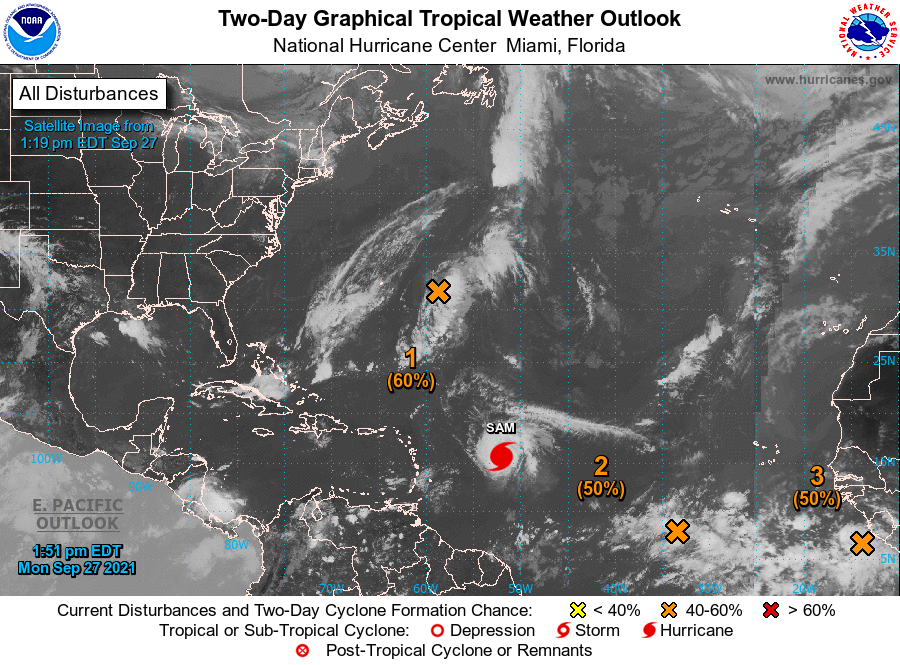
For the North Atlantic...Caribbean Sea and the Gulf of Mexico:

The National Hurricane Center is issuing advisories on Hurricane Sam, located several hundred miles east of the Lesser Antilles.

1. The area of low pressure associated with the remnants of Peter has become better defined today, and the shower and thunderstorm activity has become a little better organized. Any further increase in organization could result in the formation of a short-lived tropical depression, while it moves northeastward at about 10 mph. By Wednesday, environmental conditions are expected to become unfavorable for further development.
* Formation chance through 48 hours...medium...60 percent.
* Formation chance through 5 days...medium...60 percent.

2. A broad area of low pressure located several hundred miles southwest of the Cabo Verde Islands is producing disorganized showers and thunderstorms. Environmental conditions are conducive for further development of this disturbance, and a tropical depression is likely to form in a few of days while it moves westward to west-northwestward at 5 to 10 mph over the central tropical Atlantic.
* Formation chance through 48 hours...medium...50 percent.
* Formation chance through 5 days...high...80 percent.

3. A tropical wave located just offshore the west coast of Africa is producing a large area of disorganized showers and thunderstorms. Upper-level winds are conducive for gradual development, and a tropical depression is likely to form in a few days while the system moves westward to west-northwestward at 10 to 15 mph over the far eastern tropical Atlantic.
* Formation chance through 48 hours...medium...50 percent.
* Formation chance through 5 days...high...80 percent.

Forecaster Hagen/Pasch